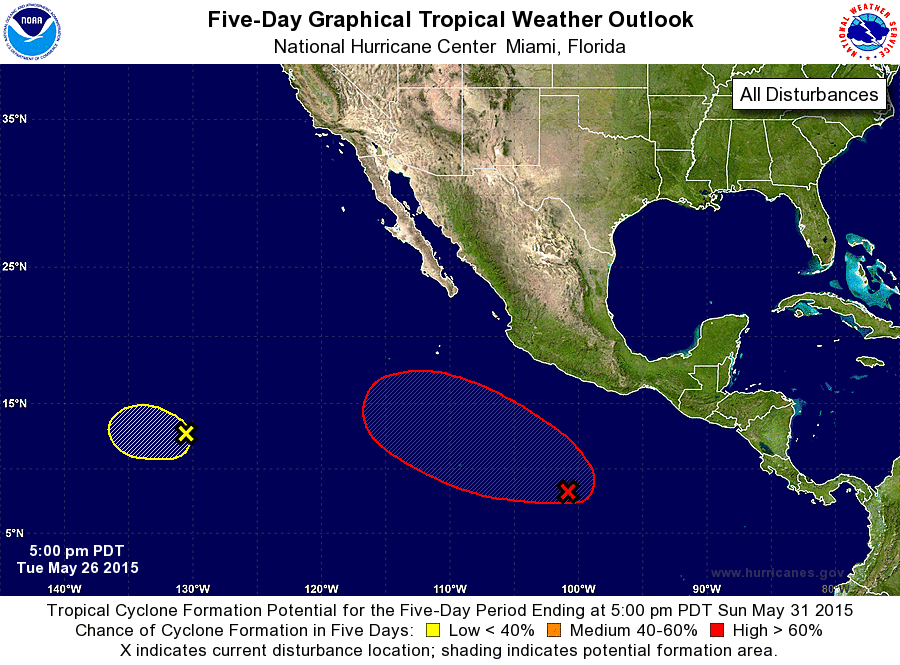
For the eastern North Pacific...east of 140 degrees west longitude:

1. Disorganized showers and thunderstorms located several hundred miles south of the coast of Mexico are associated with a broad area of low pressure. Environmental conditions appear conducive for gradual development of this system during the next several days, and a tropical depression is likely to form late this week while the system moves slowly west-northwestward to northwestward.
* Formation chance through 48 hours...low...30 percent
* Formation chance through 5 days...high...80 percent

2. A nearly-stationary area of low pressure located about 1500 miles west-southwest of the southern tip of Baja California continues to produce disorganized showers and a few thunderstorms to the east of the circulation center. Environmental conditions are expected to become less favorable over the next day or so, and significant development of this system is not expected.
* Formation chance through 48 hours...low...10 percent
* Formation chance through 5 days...low...10 percent

Forecaster Pasch